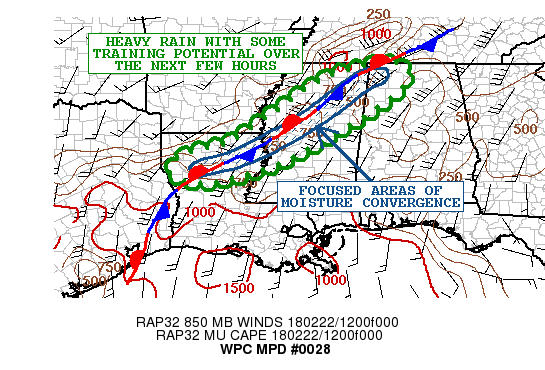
AREAS AFFECTED...NORTHERN LA....WEST-CENTRAL AND NORTHERN
MS...NORTHWEST AL

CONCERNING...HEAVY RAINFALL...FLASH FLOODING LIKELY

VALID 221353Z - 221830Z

SUMMARY...VERY HEAVY RAINFALL WITH ADDITIONAL TRAINING OF SHOWERS
AND THUNDERSTORMS CAN BE EXPECTED OVER THE NEXT SEVERAL HOURS WITH
FLASH FLOODING LIKELY.

DISCUSSION....THE LATEST GOES-16 IR SATELLITE IMAGERY SHOWS AN
AXIS OF COLD-TOPPED CONVECTION REDEVELOPING OVER AREAS OF NORTHERN
LA AND EXTENDING NORTHEAST UP ACROSS WEST-CENTRAL AND NORTHERN MS.
THE CONVECTION IS DEVELOPING WITHIN A CORRIDOR OF FOCUSED MOISTURE
CONVERGENCE ALONG A QUASI-STATIONARY FRONT. INSTABILITY PARAMETERS
ARE MODEST WITH ONLY 500 TO 750 J/KG OF MUCAPE...BUT THE
CONVECTION IS BEING AIDED BY AT LEAST SOME WEAK RIGHT-ENTRANCE
REGION JET FORCING.

LOCALLY THE ANTECEDENT CONDITIONS ARE QUITE WET WITH SOIL
CONDITIONS SATURATED AND SO ANY ADDITIONAL RAINFALL...AND
ESPECIALLY ACROSS NORTHERN LA AND PARTS OF WEST-CENTRAL MS WILL BE
PARTICULARLY PRONE TO RUNOFF AND FLASH FLOODING CONCERNS.

PWATS ACROSS THE REGION NEAR THE FRONT ARE AS MUCH AS 1.5 TO 1.7
INCHES. THIS IS SUPPORTING RAINFALL RATES AS HIGH AS 1.5
INCHES/HR...AND WITH A RELATIVELY UNIDIRECTIONAL FLOW PATTERN
ACROSS THE REGION INVOLVING THE SURFACE FRONT...THE ENVIRONMENT
WILL REMAIN CONDUCIVE FOR TRAINING CONVECTION.

THE LATEST CAM GUIDANCE IS DOING A VERY POOR JOB IN HANDLING THE
ONGOING CONVECTIVE AXIS BUT AN EXTRAPOLATION OF ONGOING AND
PRESUMABLY SUSTAINABLE CONVECTION OVER THE NEXT FEW HOURS SUPPORTS
THE IDEA OF AS MUCH AS AN ADDITIONAL 2 TO 3 INCHES OF RAIN WITH
ISOLATED HEAVIER AMOUNTS. THIS WILL ENHANCE THE THREAT OF
ADDITIONAL FLASH FLOODING GOING THROUGH MIDDAY.